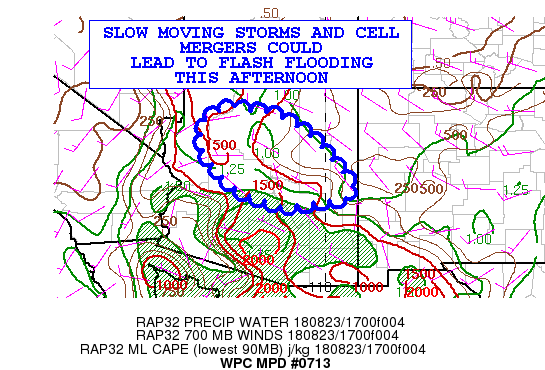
Areas affected......Northern and Central Arizona...

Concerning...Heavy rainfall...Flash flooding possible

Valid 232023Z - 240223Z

Summary...Convection forming over northern Arizona is expected to
continue through the afternoon. Slow cell movements could lead to
localized flash flooding in northern and central AZ.

Discussion...Showers and storms have formed over northern AZ in an
environment of above normal moisture.  The SPC mesoanalysis page
shows a plume of enhanced moisture advecting into the region, with
values increasing to 1.4-15 inches.  CAPE values of 1500 j/kg are
available. Lift has been generated by 300 mb divergence, and
upslope flow in the Mogollon Rim.

GFS forecast soundings in the region show light winds from the
surface to 600 mb, with the winds all 10 kt or less.  This will
result in slow motion, which enhances the threat of localized
flash flooding.

Most models indicate half to one inch of rain in the 6 hours
ending at 00z.  With flash flood guidance values indicating around
2 inches in 6 hours, the threat level is listed as possible with
so few members indicating heavier totals. The 18z version of the
NAM Conus Nest shows isolated maxima of 2-3 inches in the 6 hour
period, higher than prior runs.